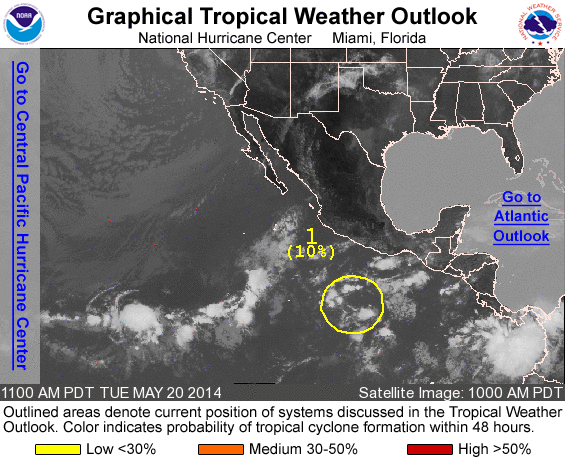
For the eastern North Pacific...east of 140 degrees west longitude:

Systems with the potential to become a tropical cyclone during the next 48 hours...

1. A broad low pressure system, located several hundred miles south-southwest of Acapulco, Mexico, is producing limited shower activity. Environmental conditions are expected to be only marginally conducive over the next several days, and any development of this system should be slow to occur while it moves westward to west-northwestward at about 10 mph.
* Formation chance through 48 hours...low...near 10 percent
* Formation chance through 5 days...medium...30 percent

Forecaster Stewart